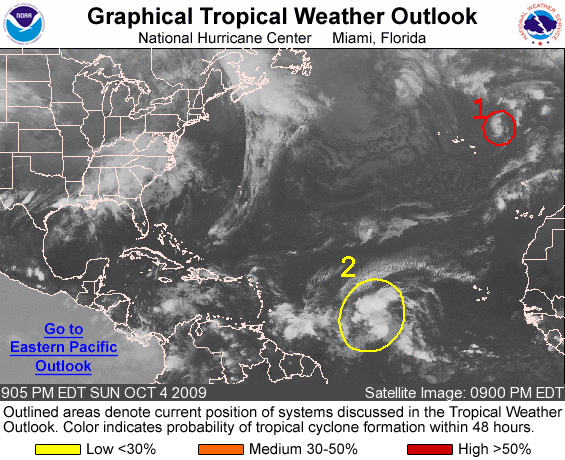
FOR THE NORTH ATLANTIC...CARIBBEAN SEA AND THE GULF OF MEXICO...

SPECIAL OUTLOOK ISSUED TO UPDATE DISCUSSION OF LOW NORTHEAST OF THE AZORES

1. SHOWER ACTIVITY ASSOCIATED WITH THE AREA OF LOW PRESSURE LOCATED ABOUT 300 MILES EAST-NORTHEAST OF THE AZORES ISLANDS HAS CONTINUED TO BECOME BETTER ORGANIZED AND THE SYSTEM APPEARS TO BE ACQUIRING TROPICAL CHARACTERISTICS. IF THIS TREND CONTINUES OVER THE NEXT HOUR OR TWO...ADVISORIES ON A TROPICAL STORM WILL BE INITIATED LATER THIS EVENING. THERE IS A HIGH CHANCE...GREATER THAN 50 PERCENT...OF THIS SYSTEM BECOMING A TROPICAL CYCLONE DURING THE NEXT FEW HOURS.

2. A TROPICAL WAVE LOCATED ABOUT 1200 MILES EAST OF THE WINDWARD ISLANDS IS PRODUCING A LARGE AREA OF DISORGANIZED SHOWERS AND THUNDERSTORMS. SOME SLOW DEVELOPMENT OF THIS SYSTEM IS POSSIBLE OVER THE NEXT COUPLE OF DAYS AS IT MOVES WESTWARD AT 15 TO 20 MPH. THERE IS A LOW CHANCE...LESS THAN 30 PERCENT...OF THIS SYSTEM BECOMING A TROPICAL CYCLONE DURING THE NEXT 48 HOURS.

ELSEWHERE...TROPICAL CYCLONE FORMATION IS NOT EXPECTED DURING THE NEXT 48 HOURS.

FORECASTER FRANKLIN/BROWN